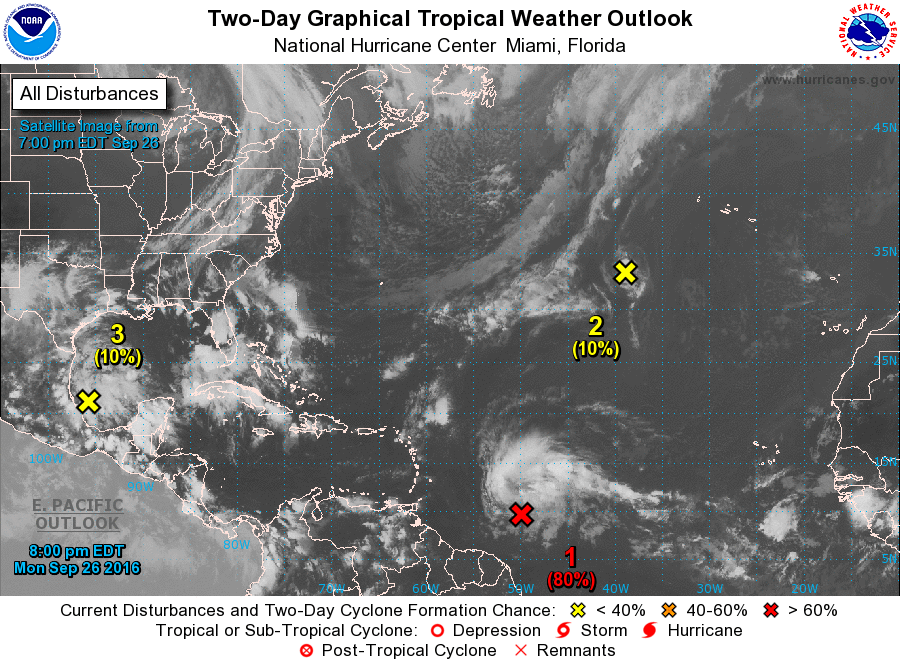
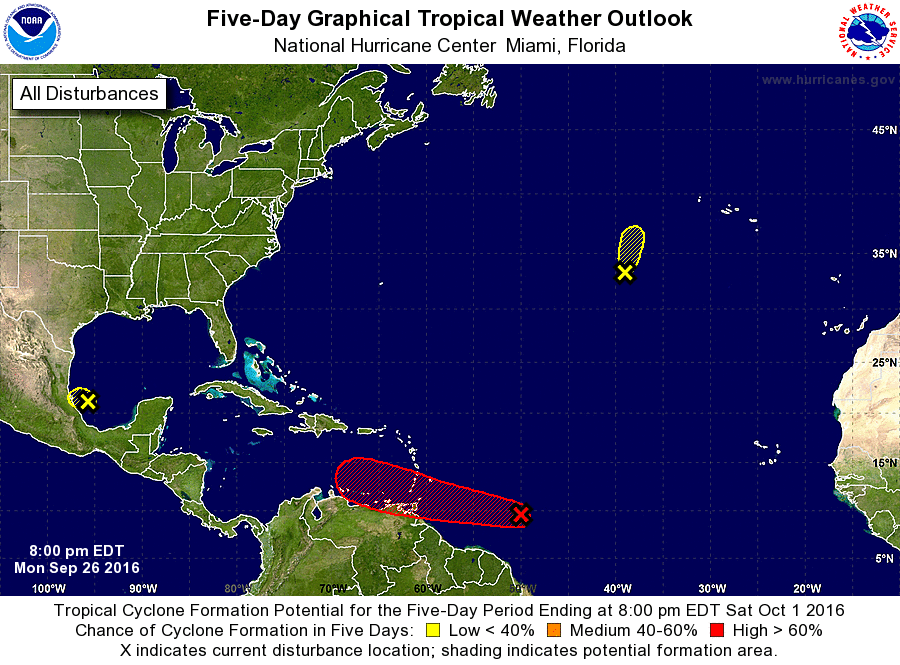
For the North Atlantic...Caribbean Sea and the Gulf of Mexico:

1. Showers and thunderstorms associated with a broad area of low pressure located about 700 miles east-southeast of the Windward Islands are gradually becoming better organized. Environmental conditions remain conducive for development, and a tropical depression is likely to form during the next day or two while the system moves westward to west-northwestward near 20 mph. Interests in the eastern and central Caribbean Sea, including the northern coast of South America, should monitor the progress of this system. Regardless of development, heavy rains and strong gusty winds, possibly to tropical storm force, are expected to spread over the Windward Islands and portions of the southern Lesser Antilles beginning late Tuesday or Wednesday. An Air Force Hurricane Hunter aircraft is scheduled to investigate this disturbance on Tuesday afternoon.
* Formation chance through 48 hours...high...80 percent
* Formation chance through 5 days...high...90 percent

2. Some shower activity continues in association with the remnants of Lisa, located about 600 miles southwest of the Azores. This system is expected to merge with a cold front on Tuesday before regeneration into a tropical cyclone can occur.
* Formation chance through 48 hours...low...10 percent
* Formation chance through 5 days...low...10 percent

3. Widespread cloudiness and thunderstorms over the southwestern Gulf of Mexico are associated with a trough of low pressure that is drifting westward. Upper-level winds are not expected to be conducive for significant development before this system moves inland over northeastern Mexico during the next day or so.
* Formation chance through 48 hours...low...10 percent
* Formation chance through 5 days...low...10 percent

Forecaster Pasch